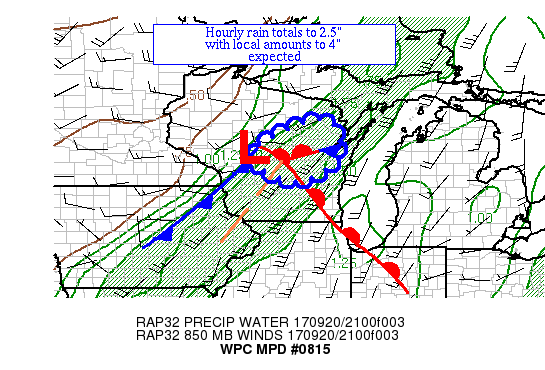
AREAS AFFECTED...CENTRAL WI

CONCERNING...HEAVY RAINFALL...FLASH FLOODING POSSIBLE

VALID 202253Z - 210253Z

SUMMARY...THUNDERSTORMS ARE TRAINING ACROSS CENTRAL WI, WHICH
COULD CONTINUE FOR ANOTHER 3-4 HOURS.  HOURLY TOTALS TO 2" WITH
LOCAL AMOUNTS TO 4" ARE EXPECTED.

DISCUSSION...THUNDERSTORMS HAVE BEEN TRAINING/BACKBUILDING ACROSS
CENTRAL WI, NEAR AND DOWNWIND OF AN INTERSECTION OF A PRE-FRONTAL
TROUGH AND WARM FRONT.  PRECIPITABLE WATER VALUES OF 1.5-1.75"
EXIST ACROSS THE REGION PER RAP ANALYSES.  ML CAPE VALUES OF
1000-2000 J/KG EXIST HERE.  INFLOW AT 850 HPA IS CONVERGENT OUT OF
THE SOUTHWEST AT 25-35 KTS PER VAD WIND PROFILES, SLIGHTLY
EXCEEDING THE MEAN 850-400 HPA WIND.  EFFECTIVE BULK SHEAR OF ~50
KTS EXISTS IN THIS REGION, WHICH ALONG WITH THE NEARLY
UNIDIRECTIONAL FLOW WITH HEIGHT HAS ESTABLISHED THIS AS AN
ORGANIZED LINEAR BAND.

A COMBINATION OF COLD POOL FORMATION AND/OR AN INCOMING FRONTAL
ZONE WITH ASSOCIATED VEERING FLOW AT 850 HPA SHOULD CAUSE THIS
COMPLEX TO MOVE ALONG TO THE EAST WITH TIME, WITH ACTIVITY ENDING
FROM WEST TO EAST AS THE FRONT FORCES IT ALONG.  MORE THAN ONE
ROUND OF CONVECTION IS POSSIBLE IN SOME AREAS.  MESOCYCLONE
FORMATION IS ALSO POSSIBLE, WHICH COULD AID HEAVY RAIN RATES.  OF
CONCERN IS WHETHER OR NOT THE COLD WEDGE IN CENTRAL WI BECOMES
REINFORCED DUE TO THIS CONVECTION, WHICH COULD MAGNIFY ISSUES
ALONG ITS SOUTHWEST FLANK PRIOR TO FRONTAL PASSAGE.  THE 12Z NMMB
AND 18Z NAM CONEST HAVE HAD SOME CONCEPT OF WHAT IS EVOLVING AT
THIS TIME.  THE 12Z SSEO NEIGHBORHOOD PROBABILITIES SUGGEST THAT
ISSUES SHOULD PERSIST FOR A FEW HOURS.  HOURLY TOTALS TO 2.5" WITH
LOCAL AMOUNTS TO 4" ARE EXPECTED WITHIN THE TRAINING/BACKBUILDING
BAND.